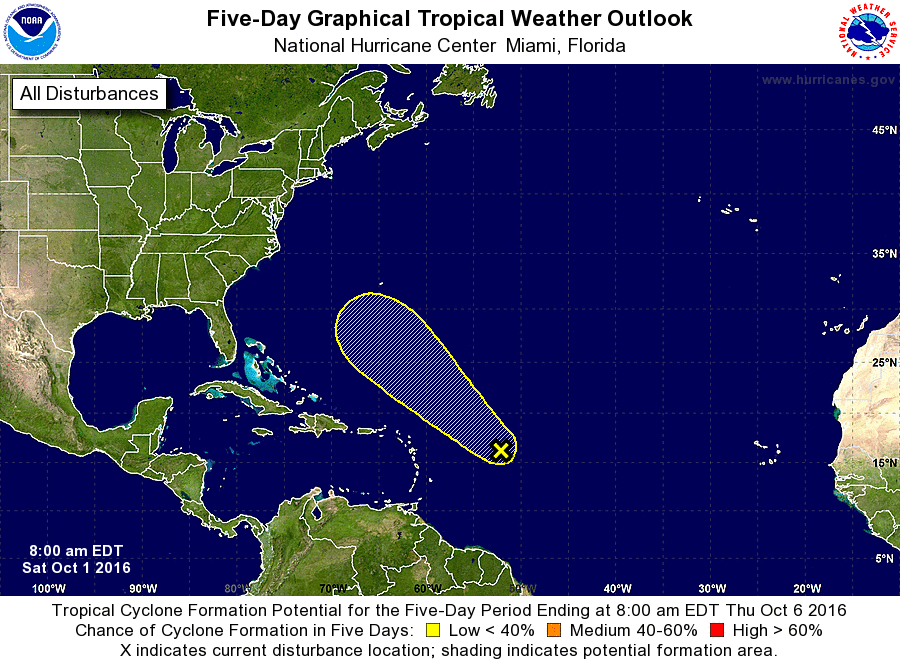
For the North Atlantic...Caribbean Sea and the Gulf of Mexico:

The National Hurricane Center is issuing advisories on Hurricane Matthew, located over the south-central Caribbean Sea.

1. A broad area of low pressure, associated with a tropical wave, is producing disorganized showers and thunderstorms and winds to near tropical storm force over the central tropical Atlantic several hundred miles east of the Lesser Antilles. Development, if any, of this system is expected to be slow to occur due to strong upper- level winds while the low moves northwestward at 15 mph.
* Formation chance through 48 hours...low...10 percent
* Formation chance through 5 days...low...20 percent

Forecaster Cangialosi